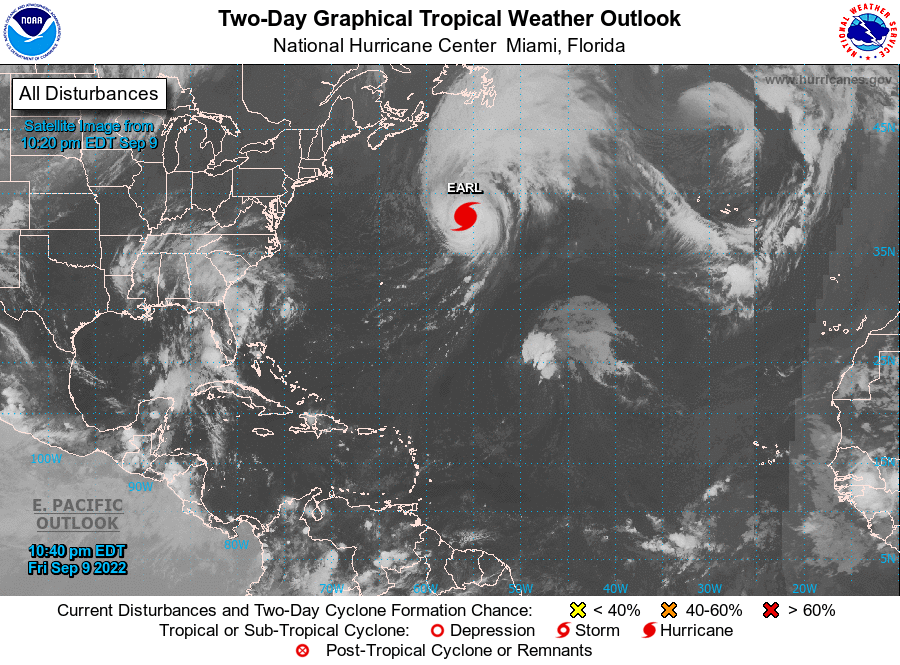
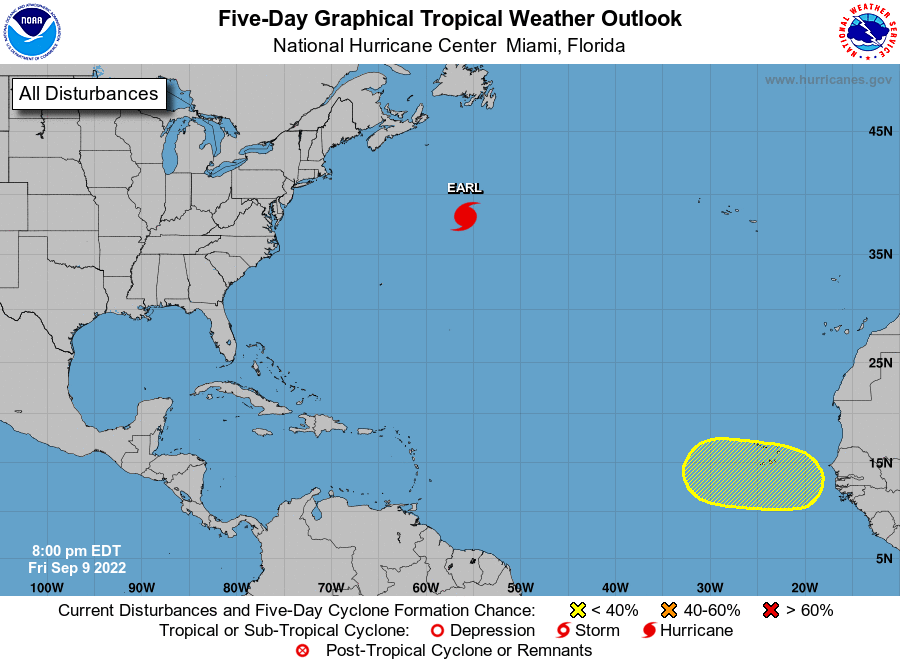
For the North Atlantic...Caribbean Sea and the Gulf of Mexico:

Active Systems: The National Hurricane Center is issuing advisories on Hurricane Earl, located several hundred miles south of Newfoundland.

1. Near the Coast of Africa: A tropical wave is forecast to move off the west coast of Africa by early next week. Some gradual development of the wave will be possible after it moves over water and heads generally westward over the far eastern Atlantic.
* Formation chance through 48 hours...low...near 0 percent.
* Formation chance through 5 days...low...20 percent.

Forecaster Bucci/Cangialosi